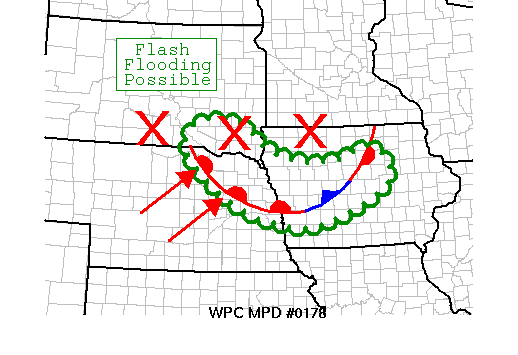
AREAS AFFECTED......PORTIONS OF NE/SD/IA...

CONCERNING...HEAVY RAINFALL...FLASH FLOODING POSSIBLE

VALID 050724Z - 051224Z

SUMMARY...INTENSE DEEP CONVECTION IS LIKELY TO EXPAND THROUGH THE
EARLY MORNING HOURS...RESULTING IN LOW TO MODERATE PROBABILITIES
OF EXCEEDING FFG VALUES.

DISCUSSION...THE INTERACTIONS OF 3 DISTINCT SHORTWAVE TROUGHS
OUTLINED AS CROSSES ON THE MAP ARE CONTRIBUTING TO LOCAL
ACCELERATIONS OF THE LOW LEVEL JET OVERLAPPING WITH ENHANCED UPPER
LEVEL DIVERGENCE. AN AVERAGE OF GOES INSTABILITY PARAMETERS AND
RAP FORECAST SOUNDING SUGGEST MUCAPE VALUES NEAR 3000 J/KG WHICH
IS REALISTIC GIVEN ECHO TOPS ABOVE 50 THOUSAND FEET AND HIGH
REFLECTIVITY CORES.  RADAR RAINFALL ESTIMATES ARE PRESENTLY 0.5 TO
0.75 INCHES PER HOUR WITH CELL MOTIONS TOWARD THE EAST NORTHEAST
AT 15 TO 20 KNOTS. THE EXPANDING CONVECTION IS ENHANCING A
BOUNDARY ALREADY OVER THE REGION WITH A SOUTHWESTERLY LOW LEVEL
JET AROUND 50 KNOTS PROVIDING VIGOROUS ASCENT FOR RELEASE OF THE
HIGH INSTABILITY.

GIVEN THE RAPID CONVECTIVE DEVELOPMENT ALONG WITH THE
SYNOPTIC/MESOSCALE SUPPORT FOR CONTINUATION THAT SHOULD LAST
ANOTHER 3 TO 6 HOURS...THE CURRENT ACTIVITY SHOULD CONTINUE TO
EXPAND WHILE MOVING EASTWARD.  GIVEN CURRENT AND ANTICIPATED CELL
MOTIONS AND PW VALUES NEAR 1.5 INCHES...AVERAGE HOURLY RATES MAY
REACH 1.25 TO 1.5 INCHES...BUT MAY CONTINUE FOR 2 OR MORE HOURS
WHICH WOULD BE SUFFICIENT TO EXCEED 3 HOURLY FFG VALUES. THE 00Z
HIRES ARW5/NMMB5 APPEAR TO HAVE A GOOD HANDLE ON THE CURRENT
DEVELOPMENT AND SUGGEST THAT SOME LOCATIONS MAY RECEIVE 2.5 TO 5
INCHES OF RAIN BEFORE ENDING AFTER 12Z.